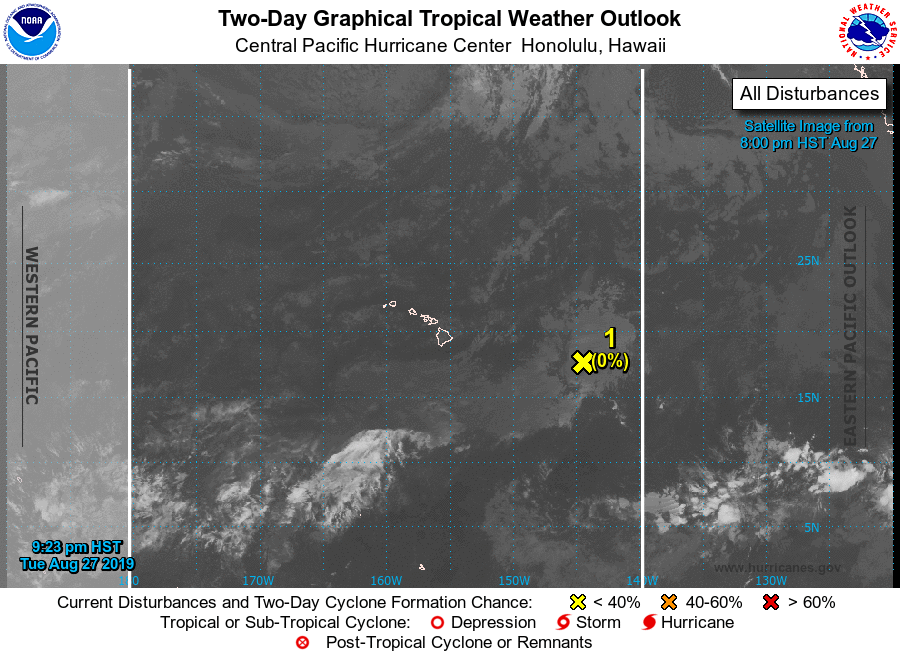
For the central North Pacific...between 140W and 180W:

1. An area of low pressure, located about 700 miles east-southeast of Hilo, Hawaii, is producing an area of disorganized showers and thunderstorms. Environmental conditions are not forecast to be conducive for development over the next few days as it slowly moves northwestward and dissipates.
*Formation chance through 48 hours...low...near 0 percent
*Formation chance through 5 days...low...near 0 percent

Elsewhere, no tropical cyclones are expected during the next 5 days.

Forecaster Gibbs